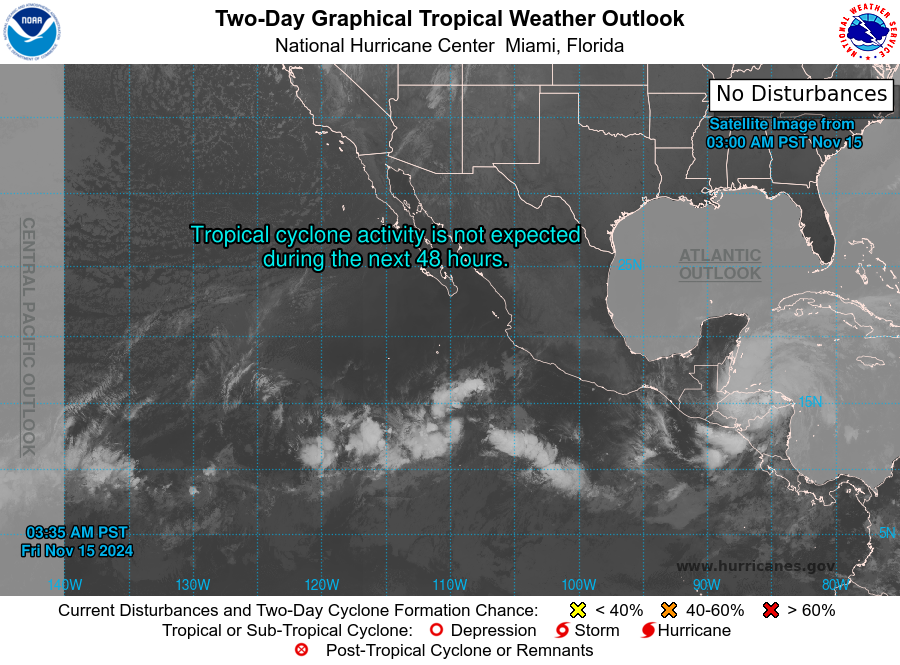
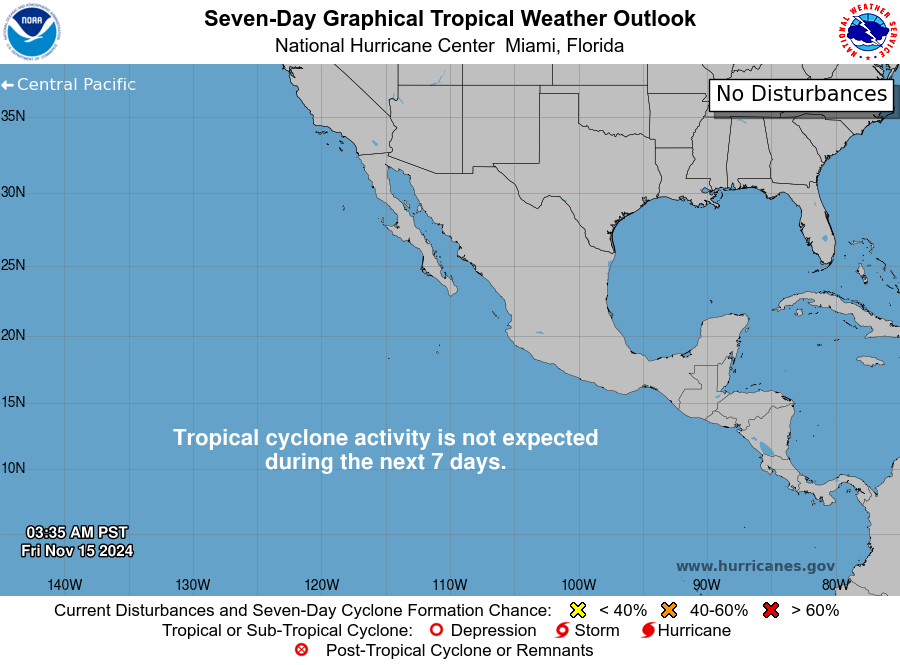
For the eastern North Pacific...east of 140 degrees west longitude:

Tropical cyclone formation is not expected during the next 7 days.

Forecaster Kelly